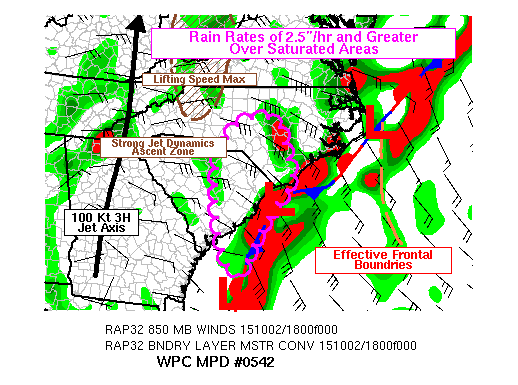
AREAS AFFECTED...E SOUTH CAROLINA...S/CENT NORTH CAROLINA

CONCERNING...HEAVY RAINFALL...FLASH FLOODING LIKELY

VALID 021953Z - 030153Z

SUMMARY...DEEPER CONVECTIVE GROWTH WITH INCREASED RAINFALL
EFFICIENCY OVER 2.5"/HR LIKELY TO PRODUCE FLASH FLOODING OVER
AREAS ALREADY SATURATED FROM EARLIER ONSHORE RAINS.

DISCUSSION...ENCROACHMENT OF THE FRONT ZONE ALONG THE NE SC AND S
NC COASTAL ZONE DUE TO A WEAK HIGHLY ELONGATED/SHEARED SURFACE
WAVE
THAT HAS FOCUSED LOW LEVEL FLOW AND MST CONVERGENCE.  STRONG
MERIDIONAL JET ALOFT IS SHIFTING WEST A BIT WITH AN EXITING JET
STREAK TOWARD VA...ALLOWING FOR RIGHT ENTRANCE REGION DIVERGENCE
TO SUPPORT THIS LOW AND DEEPER CONVECTIVE GROWTH SEEN IN VISIBLE
AND IR.  IR TOPS ARE COOLING AND EXPANDING IN A WEDGE WITH
SCATTERED -65 TO -70C COOLING TOPS.  ALLOWING FOR INCREASED
RAINFALL EFFICIENCY AND THE POTENTIAL FOR RATES IN EXCESS OF
2.5"/HR.  GIVEN THE AREA/PARTICULARLY THE COASTAL COUNTIES HAVE
BEEN RECEIVING PERSISTENT MODERATE RAINS THAT HAVE ALLOWED FOR
LOCAL RIVERS/STREAMS TO SWELL POTENTIALLY COMPOUNDED BY INCREASED
COASTAL FLOODING NOT ALLOWING WATERS TO DRAIN.   SO AT THIS POINT
THESE HIGHER RATES ARE LIKELY TO LEAD TO LOCALIZED FLASH
FLOODING/INUNDATION CONCERNS.

STRONG 30-40 KT PERPENDICULAR ONSHORE FLOW LIFTING OVER THE
BOUNDARY BUT DEEP SOUTHERLY FLOW THROUGH MUCH OF THE STEERING FLOW
FOR THE DEEPER CELLS...THE LIKELIHOOD OF A PERSISTENT CONVECTIVE
INITIATION POINT NEAR THE COASTAL FRONTAL ZONE AND CELL MOTIONS
DUE NORTH COULD FAVOR A TRAINING PROFILE WITH A SLOW ADVANCEMENT
EASTWARD WITH TIME.  THIS SCENARIO IS SUPPORT THROUGH MUCH OF THE
HI-RES CAMS BUT PARTICULARLY THE 12Z NSSL-WRF...RECENT HRRR AND
ESRL EXPERIMENTAL HRRR RUNS AND 12Z NMMB RUNS.

FURTHER NORTH...INTO NORTH CAROLINA...WITH REDUCING LOW LEVEL
SUPPORT AND REDUCED INSTABILITIES...HIGH RAIN RATES WILL GENERALLY
REDUCE TO MODERATE .5-1"/HR STRATIFORM RATES...THOUGH LIKELY OVER
A BROADER W-E ZONE.  AGAIN...PROLONGED INUNDATION FLOODING WILL BE
THE PROBLEM HERE AS WELL OVER THE LONGER DURATION.